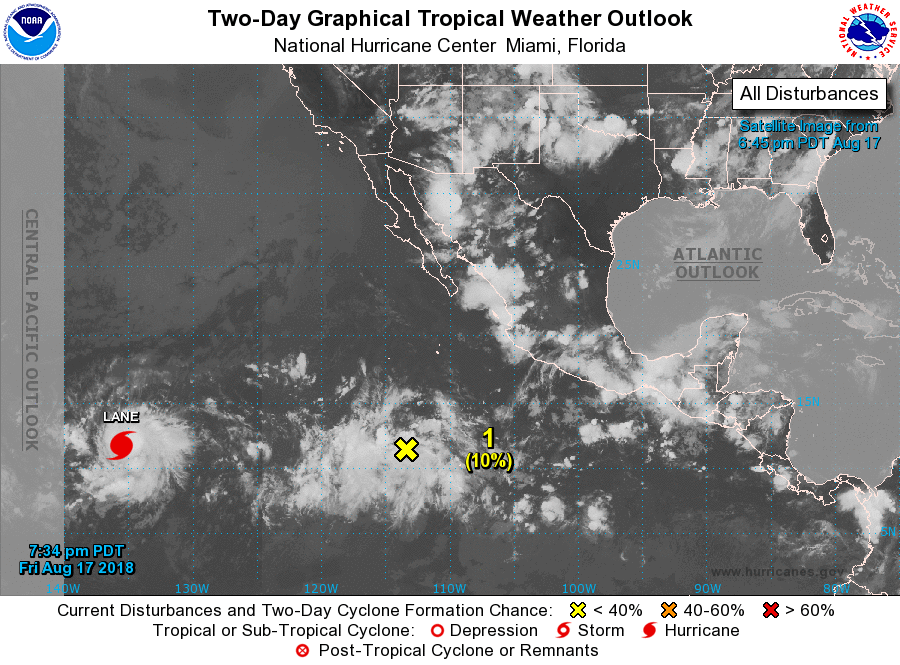
For the eastern North Pacific...east of 140 degrees west longitude:

The National Hurricane Center is issuing advisories on Hurricane Lane, located over the far southwestern portion of the eastern North Pacific basin.

1. Shower activity associated with a tropical wave located about 1000 miles south-southwest of the southern tip of the Baja California peninsula has become a little better organized since yesterday. Additional gradual development of this system is possible during the next several days while it moves westward to west-northwestward at 10 to 15 mph.
* Formation chance through 48 hours...low...10 percent.
* Formation chance through 5 days...low...20 percent.

Forecaster Beven